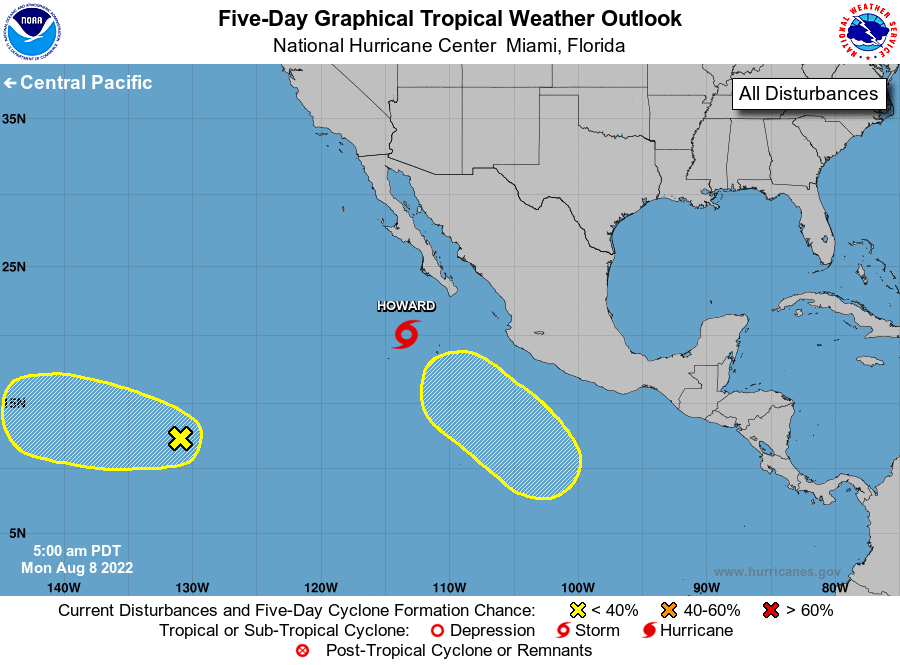
For the eastern North Pacific...east of 140 degrees west longitude:

Active Systems: The National Hurricane Center is issuing advisories on Tropical Storm Howard, located a few hundred miles southwest of the southern tip of Baja California.

1. Well East-Southeast of the Hawaiian Islands: A large area of disorganized showers and thunderstorms is associated with a broad trough of low pressure located more than 1000 miles east-southeast of the Hawaiian Islands. Development of this system, if any, will be slow to occur during the next couple of days. This system is expected to move generally westward into the central Pacific basin by the middle to latter portion of this week, where environmental conditions are forecast to become less conducive for additional development.
* Formation chance through 48 hours...low...10 percent.
* Formation chance through 5 days...low...10 percent.

2. Offshore of Southwest Mexico: An area of low pressure is forecast to form a few hundred miles south of southwestern Mexico in a few days. Some development of this system is possible later this week while it moves west-northwestward, well offshore of the coast of Mexico.
* Formation chance through 48 hours...low...near 0 percent.
* Formation chance through 5 days...low...20 percent.

Forecaster Hagen/Papin